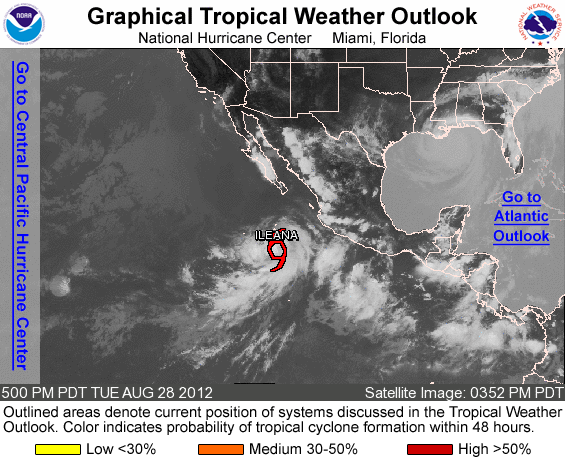
FOR THE EASTERN NORTH PACIFIC...EAST OF 140 DEGREES WEST LONGITUDE..

THE NATIONAL HURRICANE CENTER IS ISSUING ADVISORIES ON TROPICAL STORM ILEANA...LOCATED ABOUT 460 MILES SOUTH OF THE SOUTHERN TIP OF BAJA CALIFORNIA.

ELSEWHERE...TROPICAL CYCLONE FORMATION IS NOT EXPECTED DURING THE NEXT 48 HOURS.

FORECASTER KIMBERLAIN